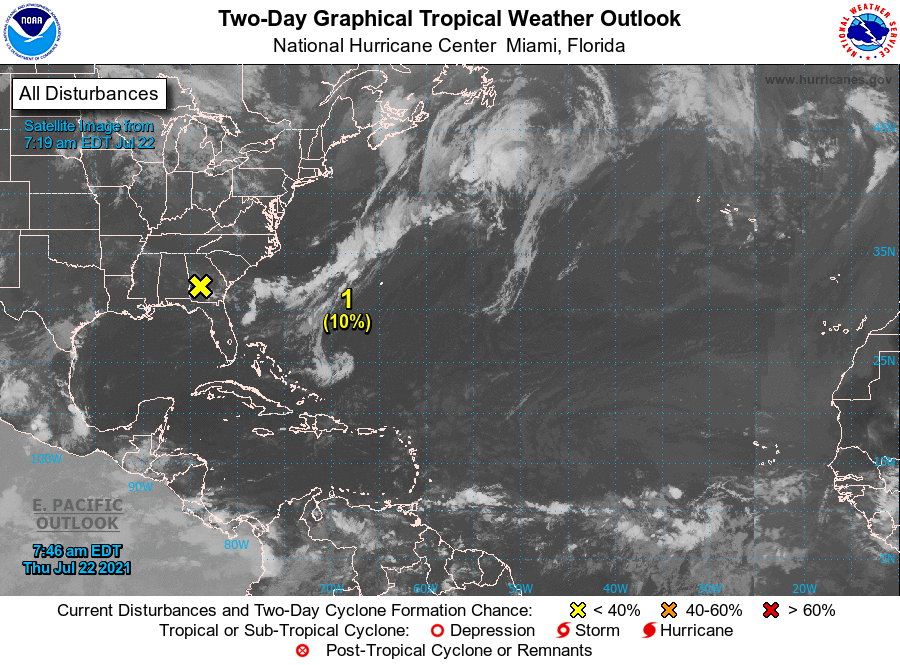
For the North Atlantic...Caribbean Sea and the Gulf of Mexico:

1. A broad trough of low pressure located over southern Georgia is expected to move off of the southeastern United States coastline by Friday. Environmental conditions are expected to be marginally conducive for some gradual development over the weekend and into early next week while the system drifts slowly offshore of coastal North and South Carolina.
* Formation chance through 48 hours...low...10 percent.
* Formation chance through 5 days...low...30 percent.

Forecaster Papin/Beven